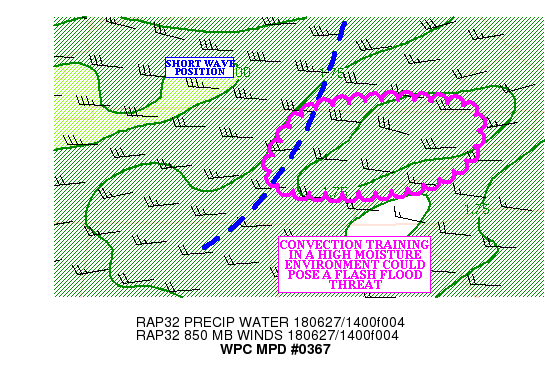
AREAS AFFECTED...EASTERN TN

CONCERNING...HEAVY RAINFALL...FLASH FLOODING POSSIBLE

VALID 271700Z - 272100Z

SUMMARY...CONVECTION TRAINING IN A HIGH MOISTURE ENVIRONMENT COULD
PRODUCE HOURLY RAINFALL RATES APPROACHING 2.00 INCHES... WHICH IN
TURN MAY POSE A FLASH FLOOD THREAT THIS AFTERNOON.

DISCUSSION...REGIONAL RADARS CONTINUE TO SHOW CONVECTION MOVING
EASTWARD AHEAD OF A SHORT WAVE CROSSING CENTRAL TN EARLY THIS
AFTERNOON. THE CONVECTION IS TAPPING 500-1000 J/KG OF MUCAPE
EXTENDING OVER NORTHEAST TN INTO FAR WESTERN VA/FAR WESTERN
NC...AND THE LIFT ASSOCIATED WITH THE SHORT WAVE HAS ALLOWED THE
CONVECTION TO MAINTAIN SOME ORGANIZATION AS IT TRACKS EASTWARD.

THE CONVECTION IS FOLLOWING AN AXIS OF 1.75/2.00 INCH PRECIPITABLE
WATER AIR THAT EXTENDS ACROSS TN...AND THE DEEP MOISTURE HAS
RESULTED IN HOURLY RAINFALL RATES BETWEEN 1.50 AND 2.00 INCHES
OVER NORTH CENTRAL TN (BASED ON THE KOHX RADAR). AS THE COLUMN HAS
MOISTENED...HAIL CONTAMINATION APPEARS TO BE LESS OF AN
ISSUE...AND RECENT SURFACE OBSERVATIONS HAVE SHOWN HOURLY RAINFALL
RATES CLOSE TO 1.50 INCHES WITHIN THE PAST HOUR.

CLOUD OVER OVER EASTERN TN MAY PREVENT INSTABILITY AHEAD OF THE
SHORT WAVE FROM INCREASING MUCH ABOVE THE CURRENT LEVELS... SO THE
EXTENT OF CONVECTION MAY NOT CHANGE MUCH GOING THROUGH THE
AFTERNOON. THE MOST RECENT HRRR/EXPERIMENTAL HRRR SHOW LOCAL 2.00
TO 4.00 INCH RAINFALL AMOUNTS OVER PORTIONS OF NORTHEAST TN (WITH
THE EXPERIMENTAL HRRR SHOWING THE HIGHEST AMOUNTS. THE NATIONAL
WATER MODEL INDICATED SOIL CONDITIONS NEARING SATURATION ACROSS
PORTIONS OF EASTERN TN...AND COLLABORATION WITH WFO MRX CONFIRMED
WET SOIL CONDITIONS.

SINCE INSTABILITY MAY END UP BEING A LIMITING FACTOR FOR A MORE
WIDESPREAD FLASH FLOOD THREAT...FLASH FLOODING IS ONLY CONSIDERED
POSSIBLE AT THIS POINT.